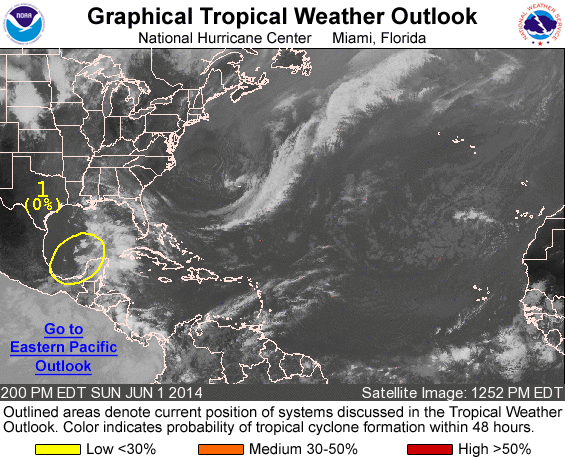
For the North Atlantic...Caribbean Sea and the Gulf of Mexico:

1. An elongated and nearly stationary area of low pressure over the Bay of Campeche is producing widespread cloudiness and showers over the central Gulf of Mexico. Environmental conditions are currently unfavorable for development but could become slightly more conducive later this week as this system moves little.
* Formation chance through 48 hours...low...near 0 percent
* Formation chance through 5 days...low...20 percent

Today marks the first day of the Atlantic hurricane season, which will run until November 30. Long-term averages for the number of named storms, hurricanes, and major hurricanes are 12, 6, and 3,

The list of names for 2014 is as follows:

Name Pronunciation Name Pronunciation Arthur AR-thur Laura LOOR-ruh Bertha BUR-thuh Marco MAR-koe Cristobal krees-TOH-bahl Nana NA-na Dolly DAH-lee Omar OH-mar Edouard eh-DWARD Paulette pawl-LET Fay fay Rene re-NAY Gonzalo gohn-SAH-loh Sally SAL-ee Hanna HAN-uh Teddy TEHD-ee Isaias ees-ah-EE-ahs Vicky VIH-kee Josephine JOH-seh-feen Wilfred WILL-fred Kyle KY-ull

This product, the Tropical Weather Outlook, briefly describes significant areas of disturbed weather and their potential for tropical cyclone formation during the next 48 hours. The issuance times of this product are 2 AM, 8 AM, 2 AM, and 8 PM EDT. After the change to standard time in November, the issuance times are 1 AM, 7 AM, 1 PM, and 7 PM EST.

A Special Tropical Weather Outlook will be issued to provide updates, as necessary, in between the regularly scheduled issuances of the Tropical Weather Outlook. Special Tropical Weather Outlooks will be issued under the same WMO and AWIPS headers as the regular Tropical Weather Outlooks.

A standard package of products, consisting of the Tropical Cyclone Public Advisory, the Forecast/Advisory, the Tropical Cyclone Discussion, and the Wind Speed Probabilities, is issued every six hours for all ongoing tropical cyclones. In addition, a Special Advisory package may be issued at any time to advise of significant unexpected changes or to modify watches or warnings.

The Tropical Cyclone Update is a brief statement to inform of significant changes in a tropical cyclone or to post or cancel watches or warnings. It is used in lieu of or to precede the issuance of a special advisory package. The Tropical Cyclone Update is also used to provide a continuous flow of information regarding the center location of a tropical cyclone when watches or warnings are in effect and the center can be easily tracked with land-based radar. Tropical Cyclone Updates, which can be issued at any time, can be found under WMO header WTNT61-65 KNHC, and under AWIPS header MIATCUAT1-5.

All National Hurricane Center text and graphical products are available on the web at You can also interact with NHC on Facebook at Notifications are available via Twitter when select National Hurricane Center products are issued. Information about our Atlantic Twitter feed is available at

Forecaster Kimberlain